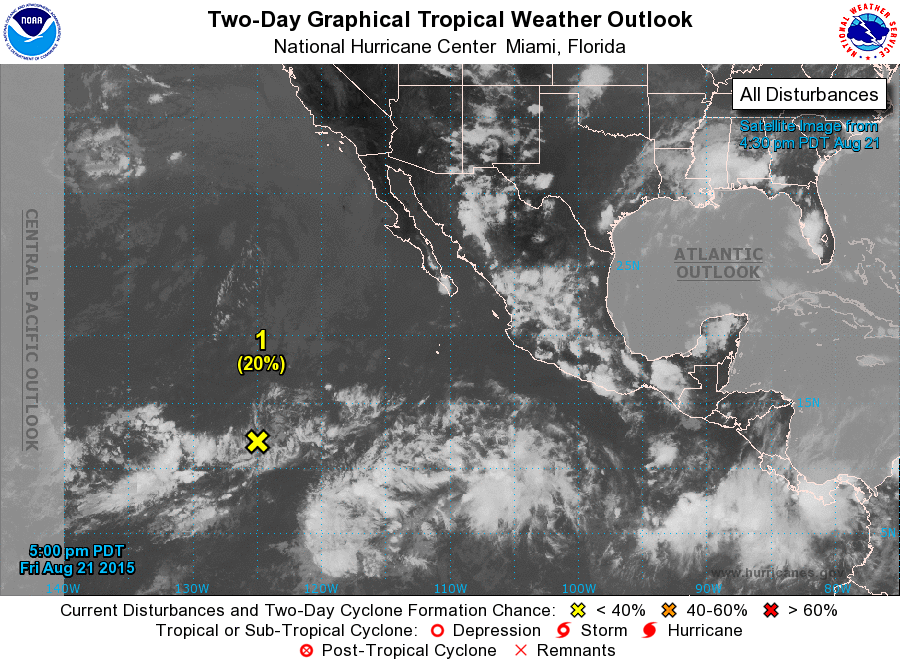
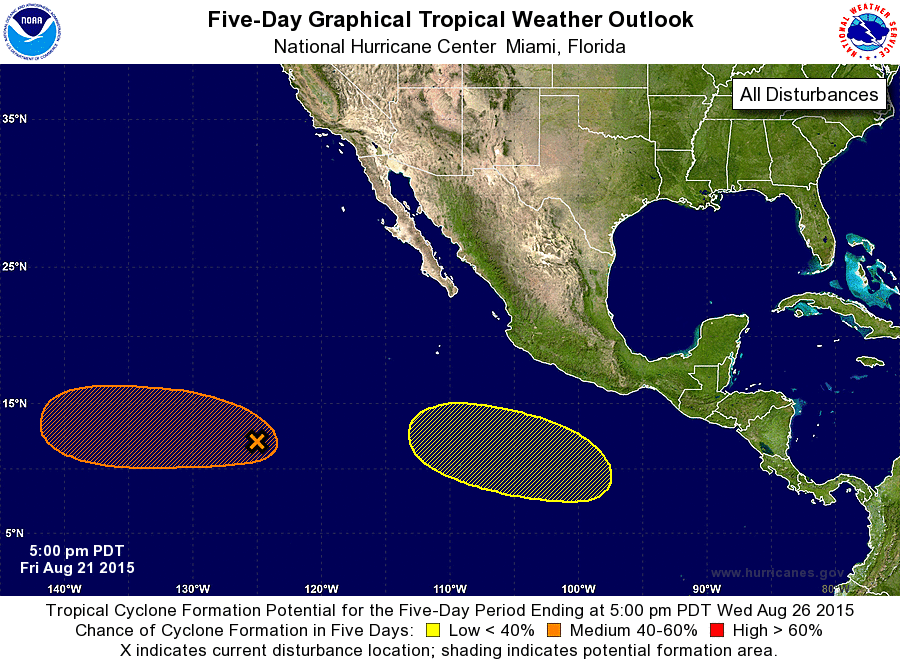
For the eastern North Pacific...east of 140 degrees west longitude:

1. Shower and thunderstorm activity associated with a tropical wave located about 1200 miles southwest of the southern tip of the Baja California peninsula remains limited. Environmental conditions appear conducive for some gradual development of this system during the next several days while it moves westward at about 10 mph.
* Formation chance through 48 hours...low...20 percent
* Formation chance through 5 days...medium...50 percent

2. A low pressure area is expected to form well south of the coast of Mexico early next week. Environmental conditions should support gradual development of the system while it moves west-northwestward at 10 to 15 mph.
* Formation chance through 48 hours...low...near 0 percent
* Formation chance through 5 days...low...30 percent

Forecaster Brown